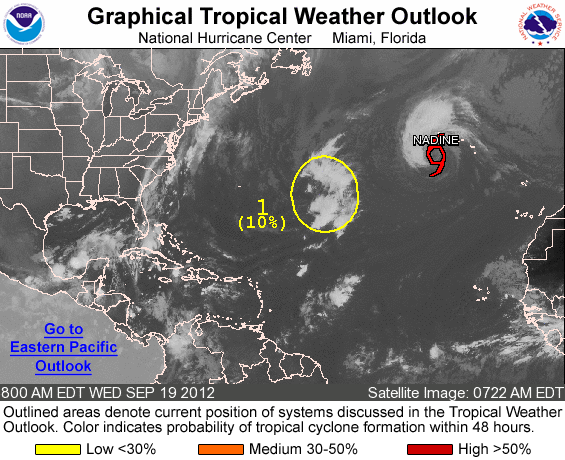
FOR THE NORTH ATLANTIC...CARIBBEAN SEA AND THE GULF OF MEXICO...

THE NATIONAL HURRICANE CENTER IS ISSUING ADVISORIES ON TROPICAL STORM NADINE...LOCATED ABOUT 185 MILES SOUTH OF THE ISLAND OF FLORES IN THE AZORES.

1. DISORGANIZED SHOWERS AND THUNDERSTORMS LOCATED OVER THE CENTRAL ATLANTIC ABOUT 850 MILES EAST OF BERMUDA ARE ASSOCIATED WITH A DEVELOPING NON-TROPICAL LOW PRESSURE SYSTEM. THE LOW COULD BEGIN TO ACQUIRE TROPICAL OR SUBTROPICAL CHARACTERISTICS AS IT MOVES WESTWARD AT ABOUT 10 MPH DURING THE NEXT COUPLE OF DAYS. THIS SYSTEM HAS A LOW CHANCE...10 PERCENT...OF BECOMING A TROPICAL OR SUBTROPICAL CYCLONE DURING THE NEXT 48 HOURS.

ELSEWHERE...TROPICAL CYCLONE FORMATION IS NOT EXPECTED DURING THE NEXT 48 HOURS.

FORECASTER PASCH